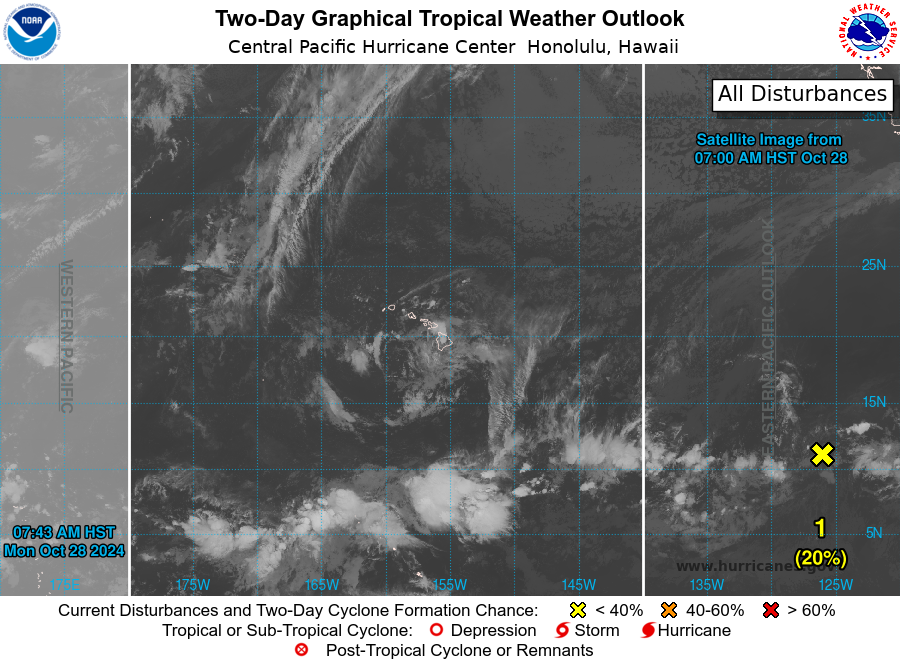
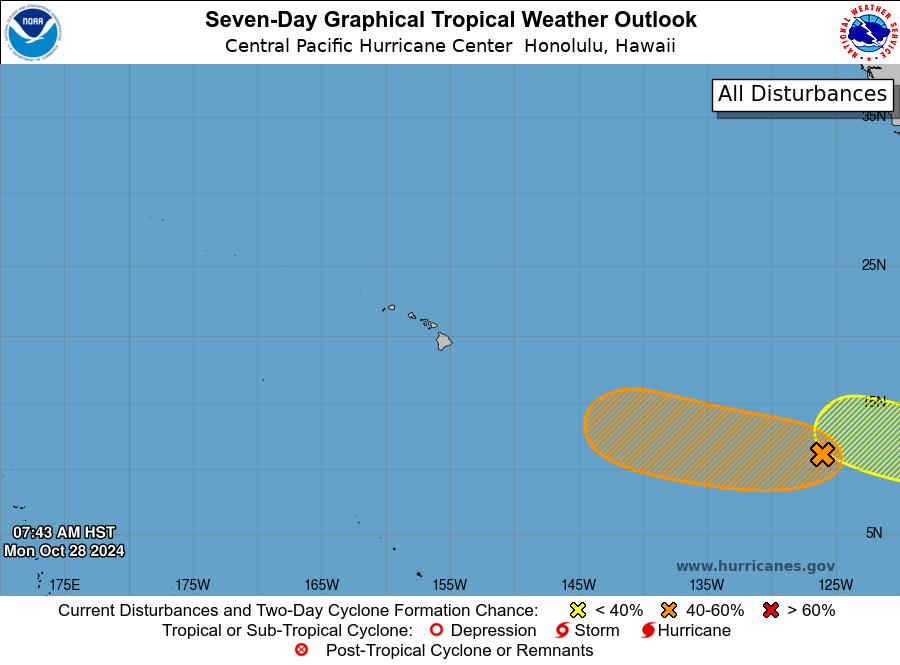
For the central North Pacific...between 140W and 180W:

1. About 2100 miles east-southeast of Hilo, Hawaii (EP91): A broad area of low pressure located more than 1000 miles southwest of the southern tip of the Baja California peninsula is producing disorganized shower activity. Although the chances of development appear to be decreasing, a tropical depression could still form in a few days while the system moves westward at about 15 mph. This system is expected to cross into the Central Pacific Basin by the end of the week.
* Formation chance through 48 hours...low...20 percent.
* Formation chance through 7 days...medium...50 percent.

Elsewhere, no tropical cyclones are expected during the next 7 days.

Forecaster Vaughan